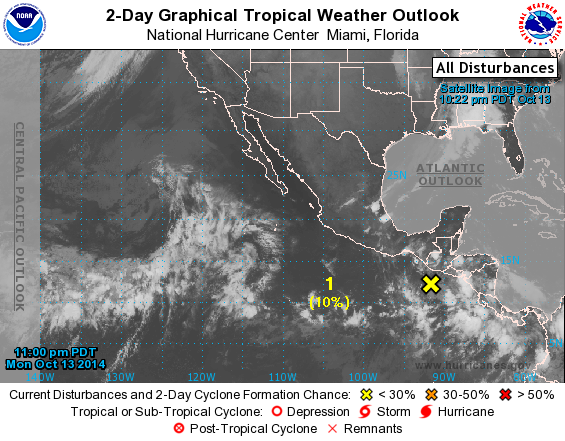
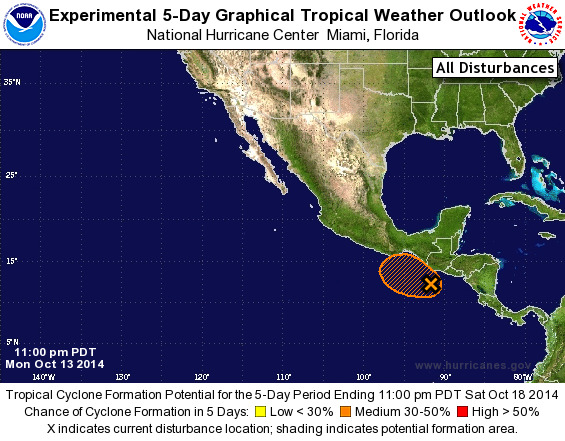
For the eastern North Pacific...east of 140 degrees west longitude:

1. Cloudiness and showers are limited in association with a broad area of low pressure located a couple hundred miles south of the coast of Guatemala and southeastern Mexico. Environmental conditions are expected to be conducive for gradual development of this system during the next several days while the low moves slowly west-northwestward or northwestward.
* Formation chance through 48 hours...low...10 percent.
* Formation chance through 5 days...medium...40 percent.

Forecaster Landsea